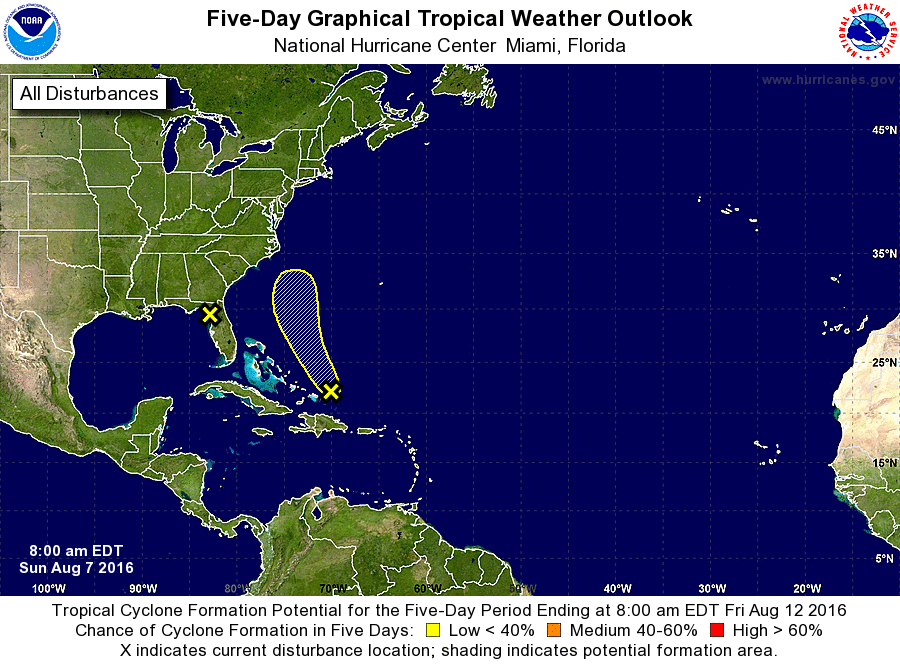
For the North Atlantic...Caribbean Sea and the Gulf of Mexico:

1. A weak area of low pressure located inland over north-central Florida near Cross City, continues to produce a concentrated area of showers and thunderstorms, primarily over the Gulf of Mexico. This system is drifting northeastward to northward, and is expected to move father inland today and Monday before significant development can occur. Heavy rainfall is forecast over portions of the north- central Florida peninsula, and possibly over parts of the Florida panhandle, during the next few days that could result in flooding.
* Formation chance through 48 hours...low...10 percent
* Formation chance through 5 days...low...10 percent

2. Disorganized cloudiness and showers continue over the western Atlantic Ocean located near the southeastern Bahamas. Any development of this system is expected to be slow to occur during the next several days while it moves northwestward and then northward, nearly midway between Florida and Bermuda by Tuesday.
* Formation chance through 48 hours...low...10 percent
* Formation chance through 5 days...low...20 percent

Forecaster Kimberlain